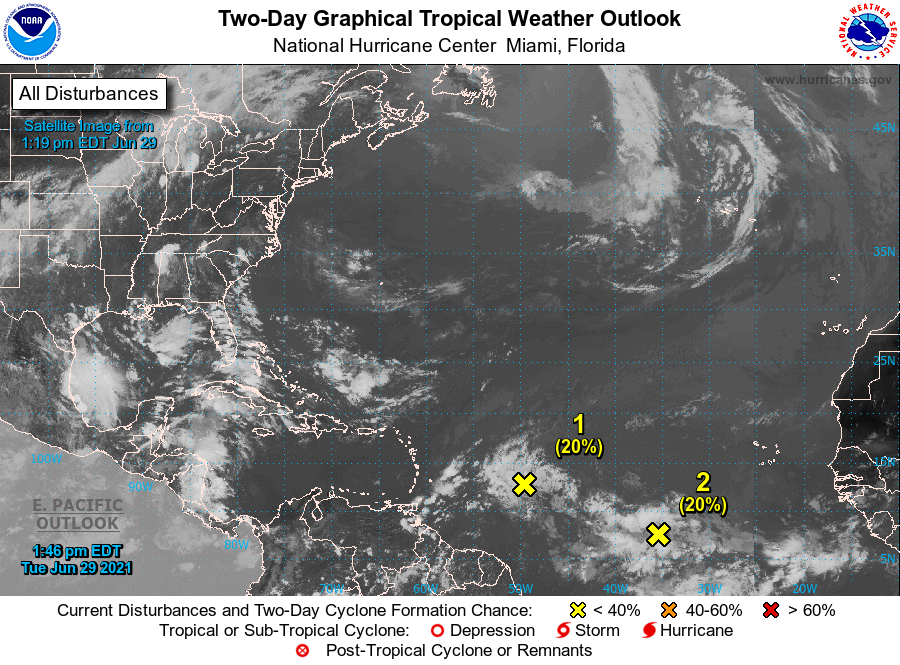
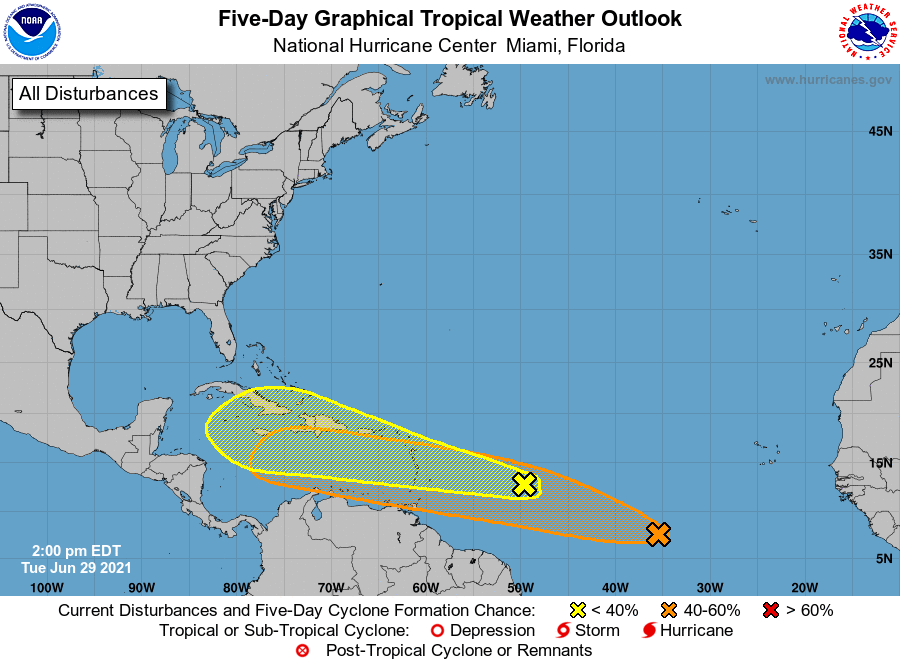
For the North Atlantic...Caribbean Sea and the Gulf of Mexico:

1. Disorganized showers and thunderstorms continue in association with a tropical wave located over the tropical Atlantic about 650 miles east of the Lesser Antilles. Some slow development of this disturbance is possible later this week while the system moves westward to west-northwestward at 20 to 25 mph, likely reaching the Lesser Antilles by Wednesday night. Regardless of development, this system could bring locally heavy rainfall to portions of the Lesser Antilles during the next few days.
* Formation chance through 48 hours...low...20 percent.
* Formation chance through 5 days...low...30 percent.

2. Shower activity associated with a tropical wave located about 900 miles southwest of the Cabo Verde Islands continues to show signs of organization. Additional development of this system is possible during the next several days as it moves generally west- northwestward at about 20 mph.
* Formation chance through 48 hours...low...20 percent.
* Formation chance through 5 days...medium...40 percent.

Forecaster Beven